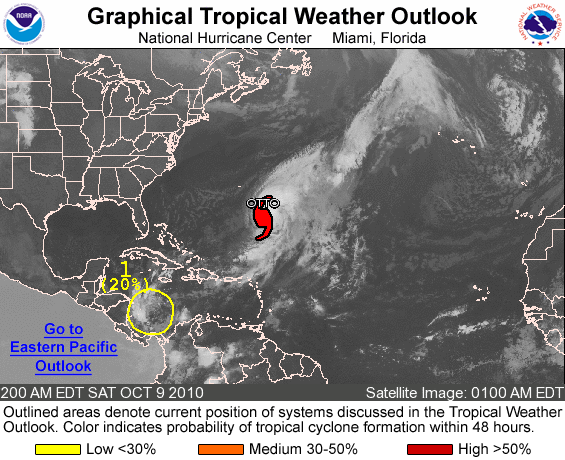
FOR THE NORTH ATLANTIC...CARIBBEAN SEA AND THE GULF OF MEXICO...

THE NATIONAL HURRICANE CENTER IS ISSUING ADVISORIES ON HURRICANE OTTO...LOCATED ABOUT 390 MILES SOUTHEAST OF BERMUDA.

1. A NEARLY STATIONARY AREA OF LOW PRESSURE LOCATED OVER THE SOUTHWESTERN CARIBBEAN SEA IS PRODUCING DISORGANIZED SHOWERS AND THUNDERSTORMS. SOME SLOW DEVELOPMENT OF THIS SYSTEM IS POSSIBLE OVER THE NEXT COUPLE OF DAYS...AND THERE IS A LOW CHANCE...20 PERCENT...OF TROPICAL CYCLONE FORMATION IN THE NEXT 48 HOURS.

ELSEWHERE...TROPICAL CYCLONE FORMATION IS NOT EXPECTED DURING THE NEXT 48 HOURS.

FORECASTER BRENNAN